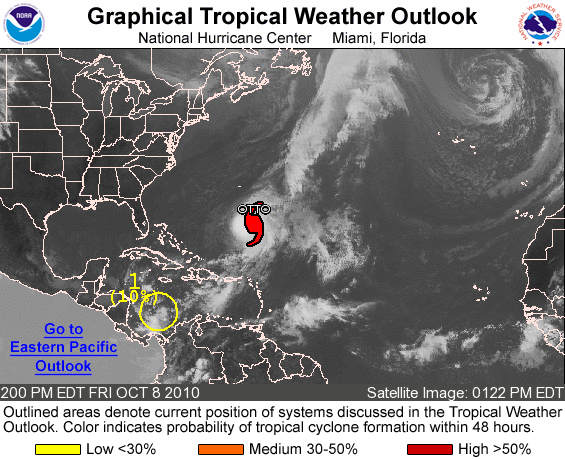
FOR THE NORTH ATLANTIC...CARIBBEAN SEA AND THE GULF OF MEXICO...

THE NATIONAL HURRICANE CENTER IS ISSUING ADVISORIES ON TROPICAL STORM OTTO...LOCATED ABOUT 445 MILES SOUTH OF BERMUDA.

1. CLOUDINESS AND SHOWERS ASSOCIATED WITH A WEAK LOW PRESSURE SYSTEM IN THE SOUTHWESTERN CARIBBEAN SEA REMAIN DISORGANIZED. ENVIRONMENTAL CONDITIONS APPEAR CONDUCIVE FOR SOME SLOW DEVELOPMENT OF THIS SYSTEM AS IT MOVES LITTLE DURING THE NEXT FEW DAYS. THERE IS A LOW CHANCE...10 PERCENT...OF TROPICAL CYCLONE FORMATION DURING THE NEXT 48 HOURS.

ELSEWHERE...TROPICAL CYCLONE FORMATION IS NOT EXPECTED DURING THE NEXT 48 HOURS.

FORECASTER KIMBERLAIN